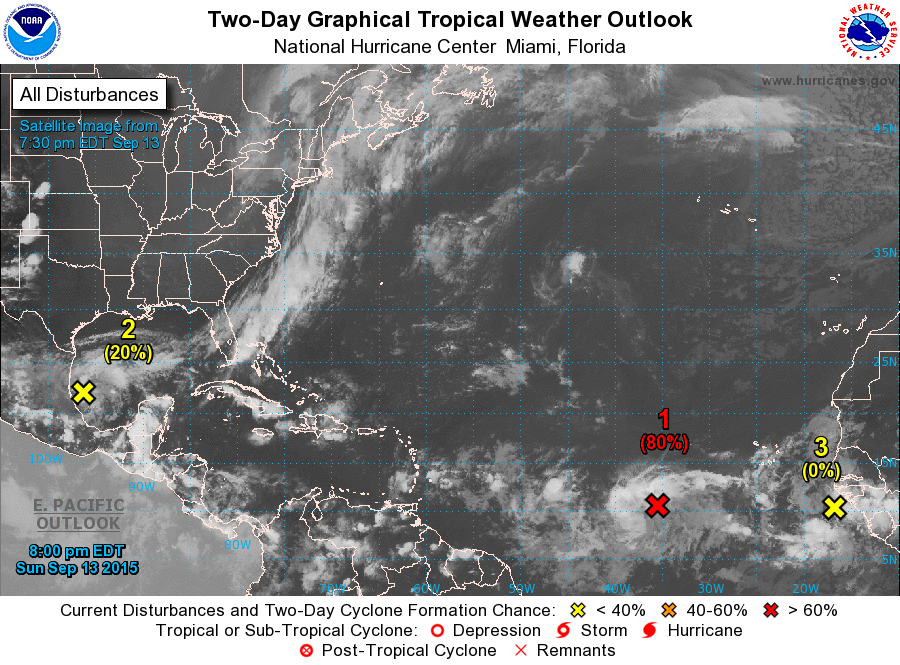
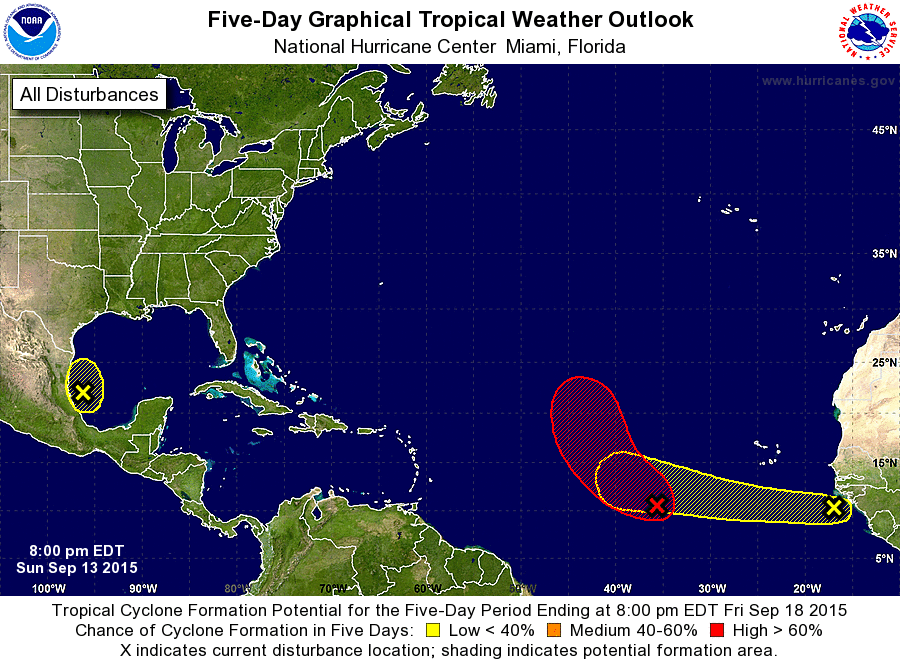
For the North Atlantic...Caribbean Sea and the Gulf of Mexico:

1. Showers and thunderstorms associated with a broad low pressure system located several hundred miles west-southwest of the Cape Verde Islands continue to show signs of organization. Environmental conditions are expected to be conducive for development, and this system is likely to become a tropical depression during the next day or two while it moves generally northwestward across the central tropical Atlantic.
* Formation chance through 48 hours...high...80 percent
* Formation chance through 5 days...high...90 percent

2. Shower activity remains disorganized in association with an area of low pressure located over the southwestern Gulf of Mexico. Upper-level winds are expected to be only marginally conducive for development of this low during the next couple of days while it moves little. After a couple of days, a slow west-northwestward motion toward Mexico is expected and land interaction should limit development. An Air Force Reserve reconnaissance aircraft is scheduled to investigate the system Monday afternoon, if necessary.
* Formation chance through 48 hours...low...20 percent
* Formation chance through 5 days...low...30 percent

3. A tropical wave located just off the west coast of Africa is producing disorganized showers and thunderstorms. Environmental conditions are expected to be conducive for gradual development of this wave over the next several days while it moves westward at 10 to 15 mph.
* Formation chance through 48 hours...low...near 0 percent
* Formation chance through 5 days...low...30 percent

Forecaster Cangialosi